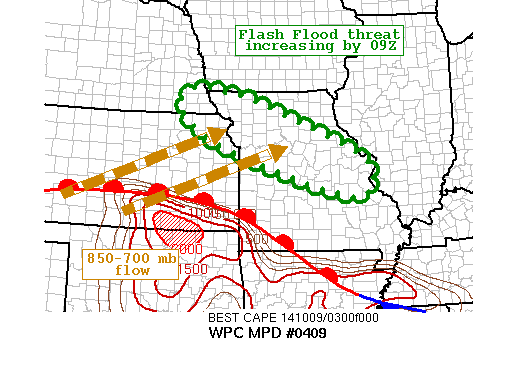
AREAS AFFECTED...MID-LOWER MISSOURI RIVER VALLEY INTO NRN MISSOURI

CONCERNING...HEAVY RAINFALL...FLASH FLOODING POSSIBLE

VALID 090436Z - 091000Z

SUMMARY...FLASH FLOODING IS EXPECTED TO OCCUR ON A SCATTERED BASIS
FROM THE MID-LOWER MISSOURI RIVER VALLEY INTO CNTRL AND NRN
MISSOURI BY 09Z. TRAINING OF ELEVATED CONVECTION WILL BECOME
INCREASINGLY MORE COMMON AS 850-700 MB FLOW BECOMES MORE  PARALLEL
TO MEAN STORM MOTIONS WITH THE THREAT LIKELY PERSISTING TO 12Z.

DISCUSSION...REGIONAL RADAR IMAGERY OVER THE PAST HOUR HAS SHOWN
INCREASING AREAS OF ELEVATED CONVECTION DEVELOPING FROM NWRN
MISSOURI INTO CNTRL AND ERN PORTIONS OF THE STATE. THESE SHOWERS
ARE OCCURRING NORTH OF A WELL DEFINED WARM FRONT EXTENDING ACROSS
SRN KANSAS INTO N-CNTRL ARKANSAS WITH VAD WIND PROFILE PLOTS FROM
KICT AND KTWX SHOWING 30-40 KTS AT 850 MB FROM THE SSW. MU CAPE
NORTH OF THE WARM FRONT PER TOPEKA 00Z RAOB WAS 2100 J/KG WHICH
WILL HELP TO FUEL LOCALLY HEAVY RAINFALL RATES AS 850-700 MB
INFLOW CONTINUES TO OVERRUN THIS BOUNDARY THROUGH 12Z.

THE 850-700 MB LAYER FLOW IS EXPECTED TO VEER TO THE
WSW...BECOMING INCREASINGLY PARALLEL TO INDIVIDUAL MEAN STORM
MOTIONS OFF TO THE EAST AT ROUGHLY 30 KTS. THE MOST RECENT HI-RES
MODELS ARE UNANIMOUS WITH THE AXIS AND TIMING OF A STRIPE OF HEAVY
RAINFALL EXTENDING FROM NEAR BIE TO COU TO STL. STORM TOTAL
AMOUNTS DIFFER IN THE GUIDANCE...WITH LIMITING FACTORS INCLUDING
ONLY MODEST MOISTURE OF 1.5 INCH PWATS AND GREATER THAN 15 C
DEWPOINT DEPRESSION AIR IN THE 700-500 MB LAYER OVER KANSAS AND
OKLAHOMA ADVECTING INTO THE REGION. HOWEVER...IT STILL APPEARS 3
HOURLY RAINFALL RATES OF 2-3 INCHES WILL BE POSSIBLE IN TRAINING
CELLS WHICH IS CLOSE TO CURRENT FLASH FLOOD GUIDANCE VALUES ACROSS
THE REGION. THE SITUATION WILL BE UPDATED AS NEEDED BEFORE 10Z.